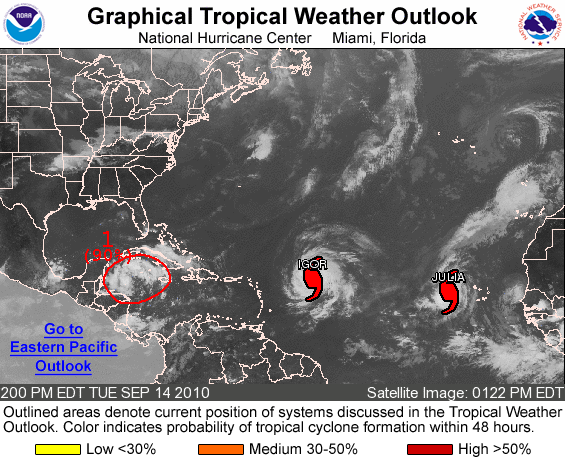
FOR THE NORTH ATLANTIC...CARIBBEAN SEA AND THE GULF OF MEXICO...

THE NATIONAL HURRICANE CENTER IS ISSUING ADVISORIES ON HURRICANE IGOR...LOCATED ABOUT 710 MILES EAST OF THE NORTHERN LEEWARD ISLANDS ...AND ON HURRICANE JULIA...LOCATED ABOUT 355 MILES WEST-NORTHWEST OF THE SOUTHERNMOST CAPE VERDE ISLANDS.

1. SHOWER ACTIVITY ASSOCIATED WITH A LOW PRESSURE AREA LOCATED ABOUT 315 MILES EAST OF CHETUMAL MEXICO CONTINUES TO BECOME BETTER ORGANIZED...AND AN AIR FORCE RESERVE HURRICANE HURRICANE HUNTER AIRCRAFT IS CURRENTLY EN ROUTE TO DETERMINE IF A TROPICAL CYCLONE HAS FORMED. THE SYSTEM IS MOVING TOWARD THE WEST-NORTHWEST NEAR 15 MPH...AND INTERESTS IN THE YUCATAN PENINSULA OF MEXICO AND BELIZE SHOULD MONITOR THE PROGRESS OF THIS SYSTEM AS WARNINGS MAY BE NEEDED FOR PORTIONS OF THIS AREA THIS AFTERNOON. THERE IS A HIGH CHANCE...90 PERCENT...OF THIS SYSTEM BECOMING A TROPICAL CYCLONE DURING THE NEXT 48 HOURS. REGARDLESS OF DEVELOPMENT...LOCALLY HEAVY RAINFALL IS POSSIBLE OVER PORTIONS OF JAMAICA...CUBA...THE CAYMAN ISLANDS...THE YUCATAN PENINSULA...AND BELIZE DURING THE NEXT DAY OR TWO. THESE RAINS COULD CAUSE LIFE-THREATENING FLASH FLOODS AND MUD SLIDES...ESPECIALLY IN AREAS OF MOUNTAINOUS TERRAIN.

ELSEWHERE...TROPICAL CYCLONE FORMATION IS NOT EXPECTED DURING THE NEXT 48 HOURS.

FORECASTER BEVEN